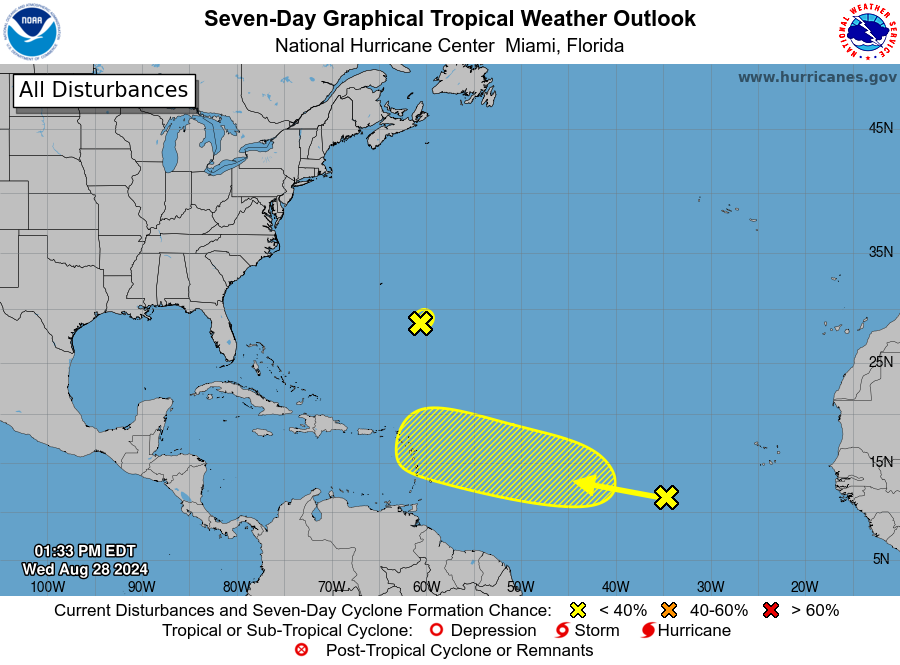
For the North Atlantic...Caribbean Sea and the Gulf of Mexico:

1. Western Atlantic: A small area of low pressure located a few hundred miles southeast of Bermuda is producing limited shower and thunderstorm activity well to the northeast of its center. Dry air and strong upper-level winds are expected to prevent development of this system while the low moves generally north-northeastward at about 10 mph during the next day or so.
* Formation chance through 48 hours...low...near 0 percent.
* Formation chance through 7 days...low...near 0 percent.

2. Central Tropical Atlantic: An area of disorganized showers over the central Tropical Atlantic is associated with a tropical wave. Some slow development of this system is possible this weekend into early next week while it moves westward to west-northwestward at 10 to 15 mph.
* Formation chance through 48 hours...low...near 0 percent.
* Formation chance through 7 days...low...20 percent.

Forecaster Reinhart